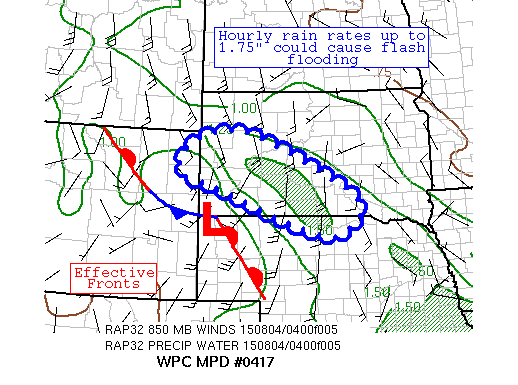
AREAS AFFECTED...SOUTHWEST SD & NORTH-CENTRAL NE

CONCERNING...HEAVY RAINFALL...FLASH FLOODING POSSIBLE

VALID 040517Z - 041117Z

SUMMARY...THUNDERSTORMS HAVE BEGUN TO DEVELOP ACROSS THE REGION.
WITH HOURLY RAIN RATES UP TO 1.75" POSSIBLE, FLASH FLOODING IS
POSSIBLE IN THIS REGION.

DISCUSSION...AN UPPER LOW IN SOUTHWEST WY HAS EJECTED OUT A FORMER
CONVECTIVE COMPLEX ACROSS NORTHEAST WY.  THIS HAS SPURRED THE
DEVELOPMENT OF NEW THUNDERSTORM ACTIVITY NEAR THE WY/SD BORDER AND
THE CENTRAL SD/NE BORDER, WHICH IS ELEVATED OVER A SURFACE FRONT
DUE TO CIN IN THE REGION.  INFLOW AT 850 HPA IS CURRENTLY
SOUTHEAST AT 25 KTS PER VAD WIND PROFILES.  PRECIPITABLE WATER
VALUES OF 1.25-1.50" INHABIT THE AREA PER GPS INFORMATION.  MUCAPE
VALUES ACROSS SOUTHWEST SD AND WESTERN NE ARE IN THE 2000-4000
J/KG RANGE.

THE EXPECTATION IS FOR CONVECTION TO TRY TO CONGEAL INTO A BAND
STRETCHING ACROSS SOUTHWEST SD INTO NORTH-CENTRAL NE.  AS 850 HPA
INFLOW BECOMES MORE SOUTH TO SOUTHWESTERLY AT 30 KTS -- DOUBLING
THE MEAN 850-400 WIND -- FORWARD PROPAGATION IS EXPECTED TO DROP
OFF TO ROUGHLY 5 KTS TO THE EAST TO SOUTHEAST.  LESS ORGANIZED
CONVECTION ACTIVITY WOULD MOVE NORTH-NORTHEAST AT 10 KTS.
BACKBUILDING CONVECTION AND CELL MERGERS ARE QUITE POSSIBLE IN
THIS REGIME, AND APPEAR TO BE THE BIGGEST FLASH FLOOD THREAT.  THE
MESOSCALE GUIDANCE INDICATES LOCALIZED MAXIMA OF 2-3" IN THIS
AREA, WHICH OCCUR OVER A QUICK TIME FRAME.  PRECIPITABLE WATER
VALUES ARE FORECAST BY RAP GUIDANCE TO RISE TOWARDS 1.75".  HOURLY
RAIN RATES UP TO 1.75" ARE POSSIBLE WHERE CELLS BACKBUILD AND/OR
TRAIN.  THIS WOULD EXCEED THE LOW FLASH FLOOD GUIDANCE VALUES IN
THIS AREA.  BY 11Z, INFLOW INTO THE REGION SHUTS OFF RAPIDLY,
DROPPING BACK DOWN INTO THE 15-20 KT RANGE, SO BELIEVE THE FLASH
FLOOD THREAT IN THIS REGION COULD LAST UNTIL THEN.